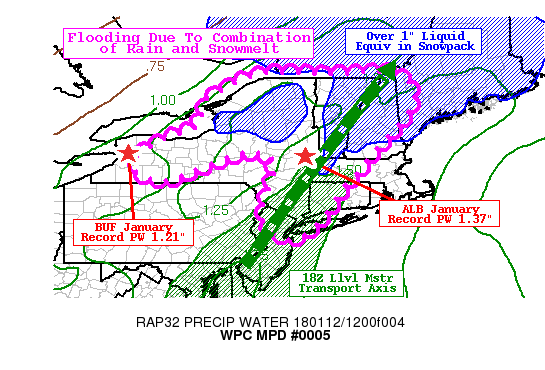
AREAS AFFECTED...NY...VT...NH...WRN MA...CT...NRN NJ

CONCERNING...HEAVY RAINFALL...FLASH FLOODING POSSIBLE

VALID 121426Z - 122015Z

SUMMARY...MODERATE TO OCCASIONALLY HEAVY RAIN IS EXPECTED TO
CONTINUE TO AFFECT THE NORTHEAST THROUGH THE DAY...AND IN
COMBINATION WITH SNOWMELT IS LIKELY TO LEAD TO AREAS OF FLOODING.
LOCALIZED FLASH FLOODING WILL BE POSSIBLE IN AREAS WHERE GREATER
RAIN RATES CAN PERSIST FOR SEVERAL HOURS.

DISCUSSION...A SIGNIFICANT PLUME OF LOW-MID LEVEL MOISTURE IS
SURGING NORTH ALONG THE EAST COAST PER CIRA LAYER PW AND BLENDED
TPW PRODUCTS. THE 700-500MB LAYER PW PRODUCT SHOWS A SIGNIFICANT
ENHANCEMENT FROM EASTERN NORTH CAROLINA TO SOUTHERN NEW JERSEY AND
CURRENT TRENDS SUGGEST THIS WILL CONTINUE TO BE ADVECTED TO THE
NNE INTO PORTIONS OF NEW ENGLAND ALONG THE MEAN MID-LEVEL FLOW
VECTORS THROUGH THE DAY. THE UNUSUALLY ROBUST AND DEEP MOISTURE
PLUME FOR MID-JANUARY IS SETTING SOME MONTHLY RECORDS...WITH BOTH
THE 12Z BUFFALO AND ALBANY SOUNDINGS SETTING JANUARY RECORDS FOR
PRECIPITABLE WATER VALUES. THE ANOMALOUS LOW-MID LEVEL MOISTURE
SHOULD BE MORE THAN SUFFICIENT FOR HEAVY RAINFALL IN AREAS WHERE
SUSTAINED FORCING CAN PRODUCE MORE FOCUSED BANDS OF RAIN.

ONE SUCH BAND DEVELOPED OVERNIGHT...ARCING FROM WEST VIRGINIA
NORTHEAST INTO PORTIONS OF WRN AND NRN NEW YORK STATE. A LACK OF
INSTABILITY MEANT THAT THIS WAS LARGELY STRATIFORM RAIN BUT
LOW-LEVEL THETAE ADVECTION AND MOISTURE CONVERGENCE HELPED FOCUS A
BAND OF MODERATE TO OCCASIONALLY HEAVY RAINFALL. WHAT REMAINS OF
THIS RAIN BAND SHOULD CONTINUE TO TRACK OVER PORTIONS OF W/N NEW
YORK THROUGH THE DAY...AND MAY BEGIN TO REDEVELOP LATER IN THE
AFTERNOON AS THE SURFACE COLD FRONT APPROACHES AND LOW-LEVEL
CONVERGENCE INCREASES.

FURTHER TO THE EAST...LOW-LEVEL MOISTURE TRANSPORT AND THE PLUME
OF HIGHEST PWATS SHOULD BECOME INCREASINGLY FOCUSED IN A CORRIDOR
FROM NEW JERSEY NNE INTO NEW HAMPSHIRE...AND HI-RES MODELS SHOW A
BAND OF MDT-HVY RAIN BECOMING MORE ORGANIZED INTO THE AFTERNOON
HOURS IN THIS SAME CORRIDOR. THE PROJECTED ORIENTATION OF THIS
RAIN BAND SHOULD LARGELY BE ALIGNED WITH LOW-MID LEVEL MEAN FLOW
WHICH MAY PRODUCE A BAND OF RAIN TOTALS AS HIGH AS 1-2 INCHES BY
21Z.

SUCH RAINFALL TOTALS PRODUCED NUMEROUS FLOODING REPORTS OVERNIGHT
IN THE VICINITY OF WRN PA AND WRN NY WHEN COMBINED WITH SOME
EXISTING SNOW AND COLD GROUND TEMPERATURES. THESE ARE ALSO THE
ANTECEDENT CONDITIONS ACROSS MOST OF THE HIGHLIGHTED AREA.
NEAR-SURFACE SOIL TEMPERATURES ARE NEAR OR BELOW FREEZING ACROSS
MUCH OF THE AREA WHICH MAY ENHANCE RUNOFF POTENTIAL.
THEREFORE...RELATIVELY MARGINAL RAIN RATES COULD PRODUCE RATES OF
RUNOFF MORE CONSISTENT WITH HIGHER RAIN RATES.
ADDITIONALLY...NOHRSC ANALYSIS SHOWS THERE ARE SIGNIFICANT AMOUNTS
OF LIQUID WATER IN THE SNOWPACK ACROSS THE REGION...WITH AMOUNTS
OVER 1 INCH IN THE TUG HILL AND ADIRONDACKS OF NEW YORK...AND THEN
THE ELEVATED TERRAIN IN VT...NH...AND WRN MA AS WELL AS MUCH OF
MAINE. ALTHOUGH SUCH SNOW MELT WOULD BE RELATIVELY GRADUAL...IT
WILL ALSO PRODUCE AN ADDED ENHANCEMENT TO RUNOFF FROM ANY RAINFALL
IN THE REGION. FOR THIS REASON...FLOODING SEEMS LIKELY ACROSS MUCH
OF THE NORTHEAST...AND MORE RAPID ONSET FLASH FLOODING WILL BE
POSSIBLE IN AREAS WHERE HEAVY RAIN RATES CAN PERSIST FOR SEVERAL
CONSECUTIVE HOURS.